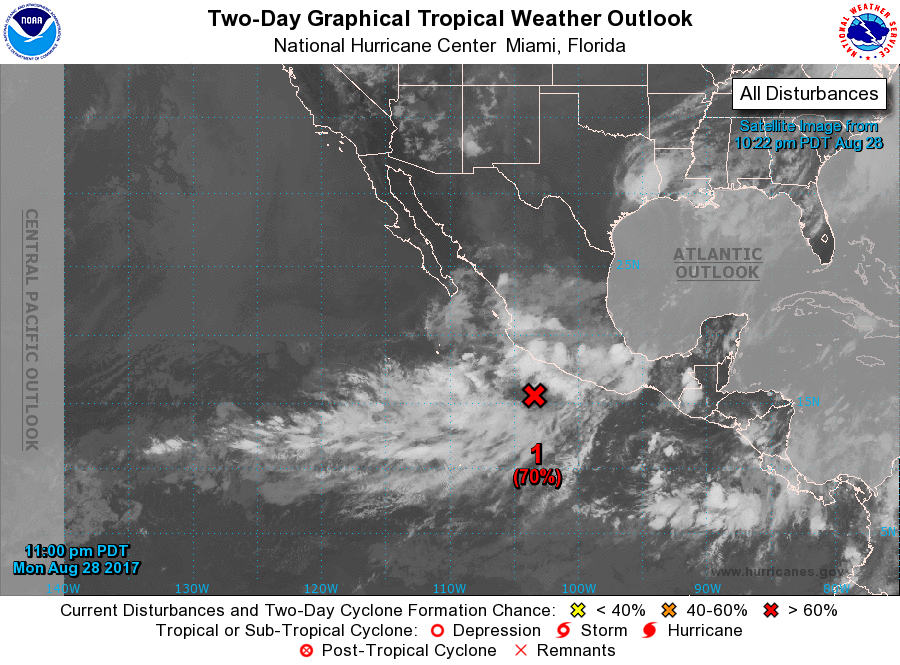
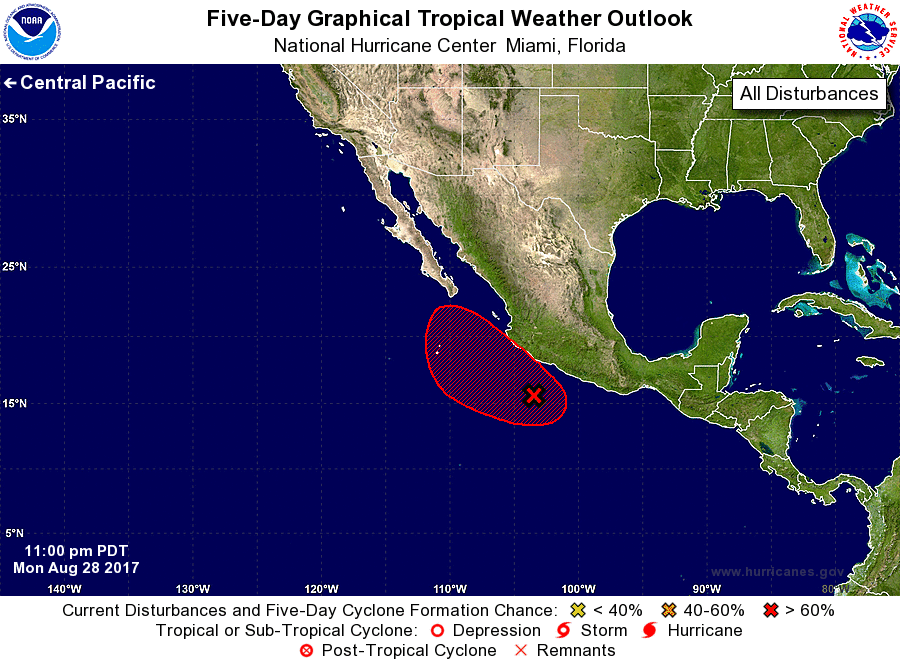
For the eastern North Pacific...east of 140 degrees west longitude:

1. An elongated area of low pressure centered a few hundred miles south-southeast of Manzanillo, Mexico, is producing widespread but disorganized showers and thunderstorms. Environmental conditions are forecast to be conducive for development, and this system is expected to become a tropical cyclone within the next couple of days while it moves generally northward or northwestward near the coast of southwestern Mexico and Baja California Sur. Residents in those areas should monitor the progress of this system, and tropical storm watches could be required for a portion of the area later today. Regardless of development, very heavy rain is expected in southwestern Mexico and Baja California Sur over the next few days which could cause life-threatening flash floods and mudslides.
* Formation chance through 48 hours...high...70 percent.
* Formation chance through 5 days...high...90 percent.

Forecaster Landsea